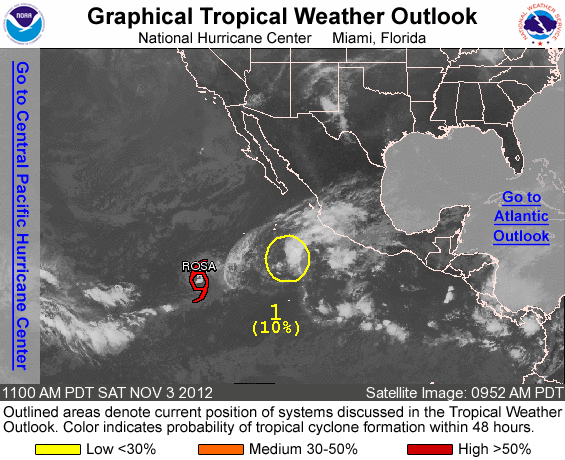
FOR THE EASTERN NORTH PACIFIC...EAST OF 140 DEGREES WEST LONGITUDE..

THE NATIONAL HURRICANE CENTER IS ISSUING ADVISORIES ON TROPICAL STORM ROSA...LOCATED ABOUT 985 MILES SOUTHWEST OF CABO SAN LUCAS MEXICO.

1. A SMALL AREA OF LOW PRESSURE LOCATED ABOUT 450 MILES SOUTHWEST OF MANZANILLO MEXICO IS PRODUCING DISORGANIZED SHOWER AND THUNDERSTORM ACTIVITY. UPPER-LEVEL WINDS ARE EXPECTED TO BE UNFAVORABLE FOR SIGNIFICANT DEVELOPMENT...AND THIS SYSTEM HAS A LOW CHANCE...10 PERCENT...OF BECOMING A TROPICAL CYCLONE DURING THE NEXT 48 HOURS AS IT DRIFTS NORTHWARD TO NORTHWESTWARD.

ELSEWHERE...TROPICAL CYCLONE FORMATION IS NOT EXPECTED DURING THE NEXT 48 HOURS.

FORECASTER PASCH